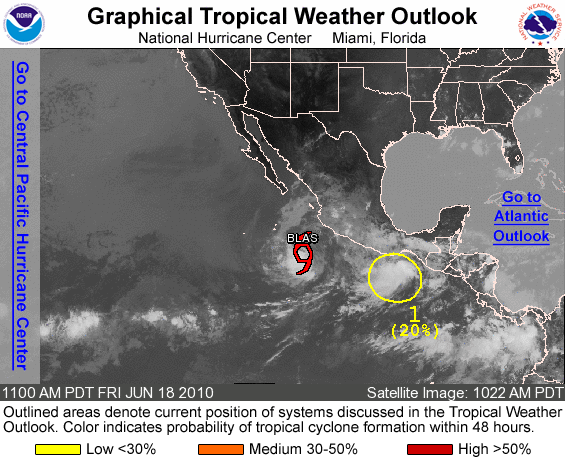
FOR THE EASTERN NORTH PACIFIC...EAST OF 140 DEGREES WEST LONGITUDE..

THE NATIONAL HURRICANE CENTER IS ISSUING ADVISORIES ON TROPICAL STORM BLAS LOCATED ABOUT 290 MILES SOUTHWEST OF MANZANILLO MEXICO.

1. AN AREA OF SHOWERS AND THUNDERSTORMS CENTERED A FEW HUNDRED MILES SOUTH OF THE GULF OF TEHUANTEPEC IS ASSOCIATED WITH A TROPICAL WAVE. THIS SYSTEM HAS BECOME A LITTLE BETTER ORGANIZED...AND ADDITIONAL SLOW DEVELOPMENT IS POSSIBLE OVER THE NEXT DAY OR TWO AS IT MOVES TOWARD THE WEST-NORTHWEST AT 5 TO 10 MPH. THERE IS A LOW CHANCE...20 PERCENT...OF THIS SYSTEM BECOMING A TROPICAL CYCLONE DURING THE NEXT 48 HOURS.

ELSEWHERE...TROPICAL CYCLONE FORMATION IS NOT EXPECTED DURING THE NEXT 48 HOURS.

FORECASTER BEVEN